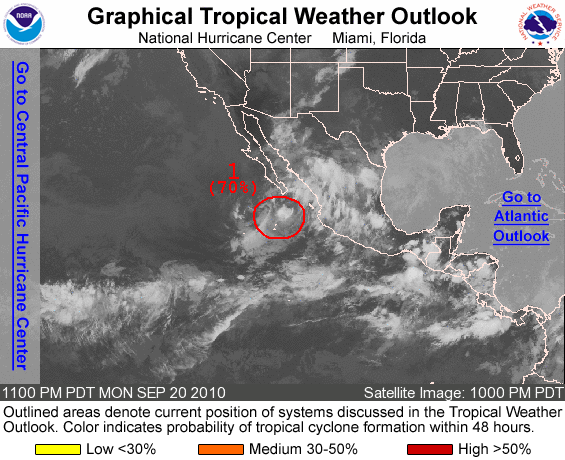
FOR THE EASTERN NORTH PACIFIC...EAST OF 140 DEGREES WEST LONGITUDE..

1. AN AREA OF LOW PRESSURE CENTERED ABOUT 100 MILES SOUTH-SOUTHEAST OF THE SOUTHERN TIP OF BAJA CALIFORNIA IS MOVING NORTH-NORTHWESTWARD AT 10 TO 15 MPH AND IS ACCOMPANIED BY GALE-FORCE WINDS. HOWEVER...THE ASSOCIATED SHOWER AND THUNDERSTORM ACTIVITY REMAINS MINIMAL AT THIS TIME. WHILE UPPER-LEVEL WINDS DO NOT APPEAR CONDUCIVE FOR SIGNIFICANT DEVELOPMENT...AN INCREASE IN THUNDERSTORMS WOULD LIKELY RESULT IN THE FORMATION OF A TROPICAL STORM. INTERESTS IN SOUTHERN BAJA CALIFORNIA SHOULD MONITOR THE PROGRESS OF THIS SYSTEM AS A TROPICAL STORM WARNING MAY BE REQUIRED LATER TODAY. THERE IS A HIGH CHANCE...70 PERCENT... OF THIS SYSTEM BECOMING A TROPICAL CYCLONE DURING THE NEXT 48 HOURS.

ELSEWHERE...TROPICAL CYCLONE FORMATION IS NOT EXPECTED DURING THE NEXT 48 HOURS.

FORECASTER BEVEN